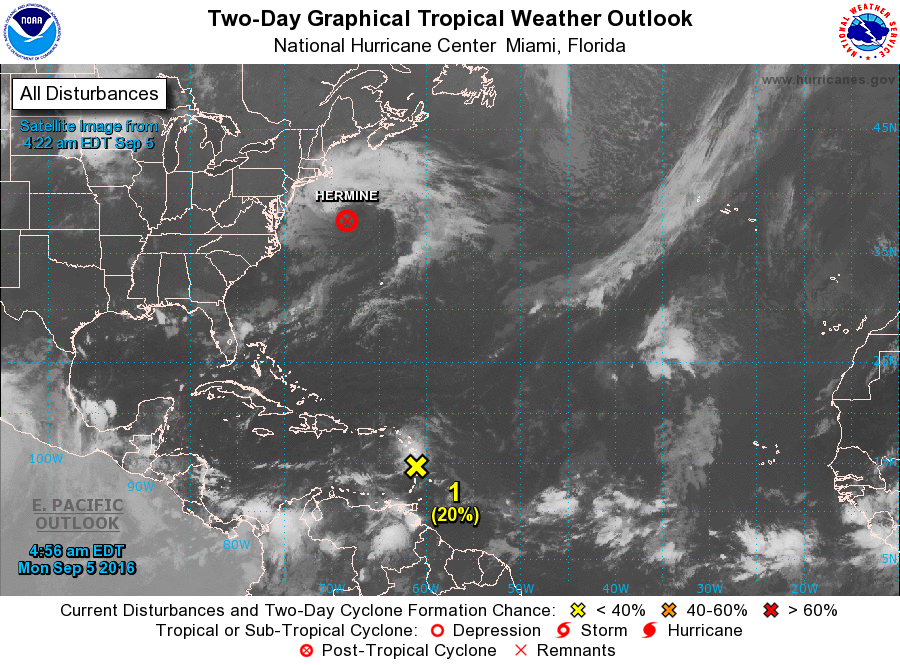
For the North Atlantic...Caribbean Sea and the Gulf of Mexico:

The National Hurricane Center is issuing advisories on Post-Tropical Cyclone Hermine, located off of the mid-Atlantic coast of the United States.

1. A broad area of low pressure associated with a vigorous tropical wave is moving across the central and northern Lesser Antilles, and continues to produce a large area of disorganized showers and thunderstorms. Although satellite-derived wind data indicate that tropical-storm-force winds are occurring in some of the stronger squalls, significant development of this system appears unlikely while it moves westward at 15 to 20 mph across the Caribbean Sea during the next several days. This disturbance will continue to produce locally heavy rainfall and gusty winds over portions of the Lesser Antilles today, and should spread over Puerto Rico and Hispaniola during the next day or two.
* Formation chance through 48 hours...low...20 percent
* Formation chance through 5 days...low...30 percent

Additional information on this system can be found in High Seas Forecasts issued by the National Weather Service, under AWIPS header NFDHSFAT1, WMO header FZNT01 KWBC, and available on the Web at http://www.opc.ncep.noaa.gov/shtml/NFDHSFAT1.shtml.

Forecaster Stewart